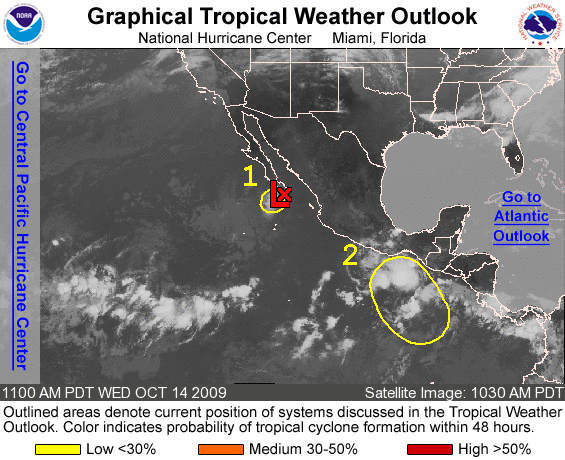
FOR THE EASTERN NORTH PACIFIC...EAST OF 140 DEGREES WEST LONGITUDE..

1. THE REMNANT LOW ASSOCIATED WITH PATRICIA LOCATED ABOUT 75 MILES SOUTHWEST OF CABO SAN LUCAS MEXICO IS PRODUCING A SMALL AREA OF SHOWERS AND THUNDERSTORMS. REGENERATION IS NOT EXPECTED...AND THERE IS A LOW CHANCE...LESS THAN 30 PERCENT...OF THIS SYSTEM BECOMING A TROPICAL CYCLONE AGAIN DURING THE NEXT 48 HOURS. FOR ADDITIONAL INFORMATION ON THE REMNANTS OF PATRICIA PLEASE SEE HIGH SEAS FORECASTS ISSUED BY THE NATIONAL WEATHER SERVICE...UNDER AWIPS HEADER NFDHSFEPI AND WMO HEADER FZPN02 KWBC.

2. AN AREA OF DISORGANIZED SHOWERS AND THUNDERSTORMS EXTENDS FROM THE GULF OF TEHUANTEPEC SOUTHEASTWARD FOR SEVERAL HUNDRED MILES. CONDITIONS APPEAR TO BE FAVORABLE FOR SLOW DEVELOPMENT OF THIS SYSTEM OVER THE NEXT COUPLE OF DAYS AS IT MOVES WEST-NORTHWESTWARD AT 10 TO 15 MPH. THERE IS A LOW CHANCE...LESS THAN 30 PERCENT...OF THIS SYSTEM BECOMING A TROPICAL CYCLONE DURING THE NEXT 48 HOURS.

ELSEWHERE...TROPICAL CYCLONE FORMATION IS NOT EXPECTED DURING THE NEXT 48 HOURS.

FORECASTER CANGIALOSI/AVILA